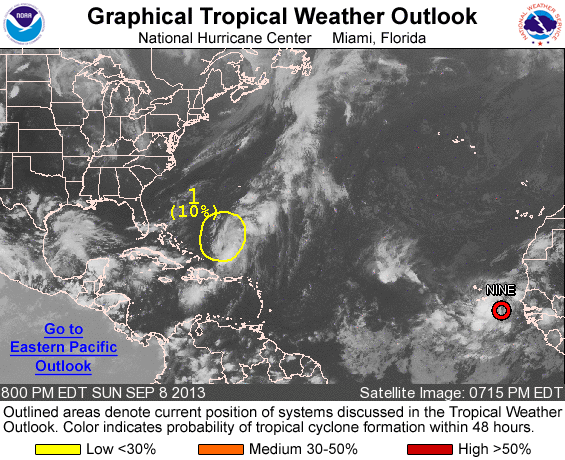
FOR THE NORTH ATLANTIC...CARIBBEAN SEA AND THE GULF OF MEXICO...

THE NATIONAL HURRICANE CENTER IS ISSUING ADVISORIES ON NEWLY FORMED TROPICAL DEPRESSION NINE...LOCATED EAST-SOUTHEAST OF THE SOUTHERNMOST CAPE VERDE ISLANDS.

1. A BROAD AREA OF LOW PRESSURE...ASSOCIATED WITH THE REMNANTS OF GABRIELLE...IS LOCATED ABOUT 400 MILES NORTHEAST OF THE SOUTHEASTERN BAHAMAS. THE CIRCULATION OF THE LOW IS ELONGATED...AND THE SHOWER AND THUNDERSTORM ACTIVITY REMAINS DISPLACED TO THE EAST OF THE CENTER. UPPER-LEVEL WINDS ARE NOT EXPECTED TO BE CONDUCIVE FOR SIGNIFICANT DEVELOPMENT WHILE THE LOW MOVES NORTHEASTWARD TO NORTH-NORTHEASTWARD DURING THE NEXT SEVERAL DAYS. THIS SYSTEM HAS A LOW CHANCE...10 PERCENT...OF BECOMING A TROPICAL CYCLONE DURING THE NEXT 48 HOURS...AND A MEDIUM CHANCE...30 PERCENT...OF BECOMING A TROPICAL CYCLONE DURING THE NEXT 5 DAYS.

OTHER SYSTEMS WITH DEVELOPMENT POTENTIAL BEYOND 48 HOURS...

AN AREA OF LOW PRESSURE COULD FORM OVER THE EXTREME SOUTHWESTERN GULF OF MEXICO IN A FEW DAYS...AND ENVIRONMENTAL CONDITIONS SHOULD BE CONDUCIVE FOR SOME DEVELOPMENT. THIS SYSTEM HAS A LOW CHANCE... NEAR 0 PERCENT...OF BECOMING A TROPICAL CYCLONE DURING THE NEXT 48 HOURS...AND A MEDIUM CHANCE...30 PERCENT...OF BECOMING A TROPICAL CYCLONE DURING THE NEXT 5 DAYS.

PUBLIC ADVISORIES ON TROPICAL DEPRESSION NINE ARE ISSUED UNDER WMO HEADER WTNT34 KNHC AND UNDER AWIPS HEADER MIATCPAT4. FORECAST/ADVISORIES ON TROPICAL DEPRESSION NINE ARE ISSUED UNDER WMO HEADER WTNT24 KNHC AND UNDER AWIPS HEADER MIATCMAT4.

FIVE-DAY FORMATION PROBABILITIES ARE EXPERIMENTAL IN 2013. COMMENTS ON THE EXPERIMENTAL FORECASTS CAN BE PROVIDED AT...

HTTP://WWW.NWS.NOAA.GOV/SURVEY/NWS-SURVEY.PHP?CODE=ETWO

FORECASTER CANGIALOSI